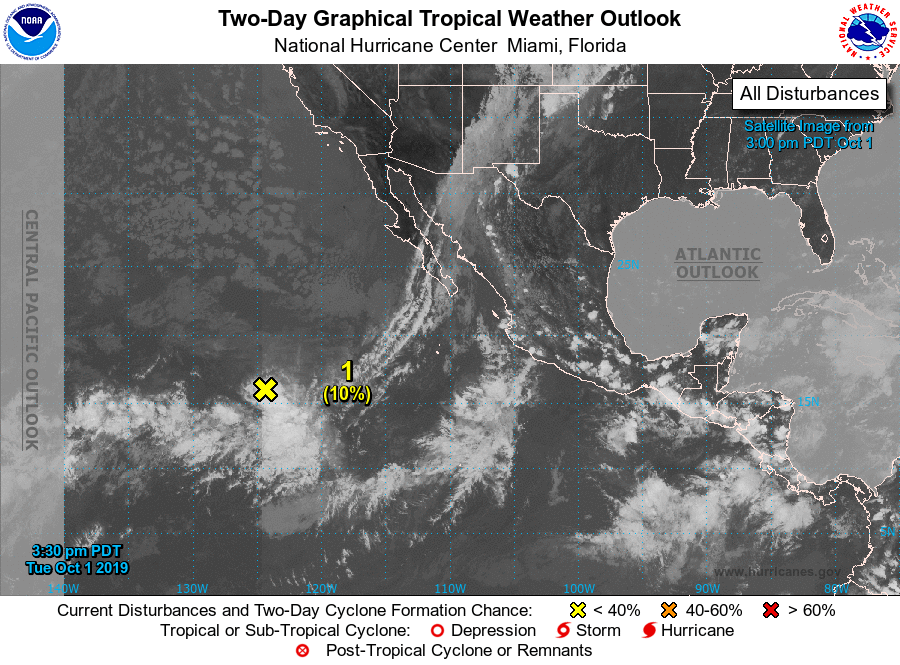
For the eastern North Pacific...east of 140 degrees west longitude:

The National Hurricane Center has issued its last advisory on the remnants of Narda, which dissipated near the northwest coast of mainland Mexico.

1. An elongated area of low pressure located about 1000 miles southwest of the southern tip of the Baja California peninsula is producing showers and possibly a few thunderstorms. Some slow development of this system is possible during the next several days while the system meanders generally westward.
* Formation chance through 48 hours...low...10 percent.
* Formation chance through 5 days...low...20 percent.

Forecaster Zelinsky